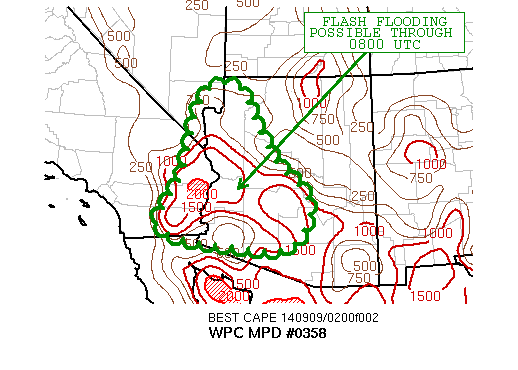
AREAS AFFECTED...ERN CALIFORNIA INTO WRN NEVADA AND WRN ARIZONA

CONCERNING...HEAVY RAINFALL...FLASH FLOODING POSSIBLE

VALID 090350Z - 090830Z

SUMMARY...THE FLASH FLOOD THREAT SHOULD CONTINUE FOR AT LEAST THE
NEXT 3-4 HOURS FROM ERN CALIFORNIA INTO EXTREME SRN NEVADA AND WRN
ARIZONA. LINGERING INSTABILITY OF 1000+ J/KG AND SUPPORT FROM
SEVERAL LARGER SCALE FEATURES ALLOW FOR A CONTINUED THREAT DESPITE
POOR HI-RES MODEL SUPPORT.

DISCUSSION...00Z RAOB DATA SUPPORTED RECENT SPC MESOANALYSIS
DEPICTIONS OF ML CAPE BETWEEN 500 AND 1500 J/KG FROM THE TRI-STATE
REGION OF CA/NV/AZ...SEWD INTO S-CNTRL ARIZONA. PRECIPITABLE WATER
VALUES RANGE FROM 1.5 TO 2.15 INCHES ACROSS THE THREAT
AREA...ROUGHLY 2-3 STANDARD DEVIATIONS ABOVE THE MEAN FOR EARLY
SEPTEMBER. THERE ARE MULTIPLE SOURCES OF THIS MOISTURE PER RECENT
SAB SPENES MESSAGE...AND CONTINUED ROBUST CONVECTIVE DEVELOPMENT
OVER W-CNTRL ARIZONA WITH POCKETS OF NEW DEVELOPMENT OVER THE
MOHAVE AND COLORADO DESERTS.

THE LOW LEVEL CIRCULATION ASSOCIATED WITH FORMER TROPICAL STORM
NORBERT OFF OF THE NRN BAJA PENINSULA WILL ALLOW FOR CONTINUED
SSWLY FLOW OF 20 KTS TO FUNNEL IN MOISTURE FROM THE GULF OF
CALIFORNIA INTO ERN CALIFORNIA AND WRN ARIZONA WHICH IS
PARALLELING THE MEAN STORM MOTIONS OFF TO THE NORTHEAST NEAR 15
KTS. THIS SHOULD ALLOW FOR CONTINUED BACK BUILDING OF CELLS WITHIN
THE REGION OF REMAINING CONVECTIVE INSTABILITY OVER THE NEXT 3-4
HOURS. THIS REGION IS ALSO IN A FAVORABLE REGION FOR DEVELOPMENT
BENEATH THE MID-UPPER LEVEL RIDGE AXIS OVER WRN ARIZONA.

HI-RES MODEL QPF HAS NOT HANDLED THIS SITUATION WELL THROUGH 03Z
AND SO CONFIDENCE IS A BIT REDUCED FOR THAT REASON.
HOWEVER...OBSERVATIONS SUGGEST A CONTINUED FLASH FLOOD THREAT
UNTIL AT LEAST 0800 UTC AT WHICH POINT THE SITUATION WILL BE
REASSESSED.